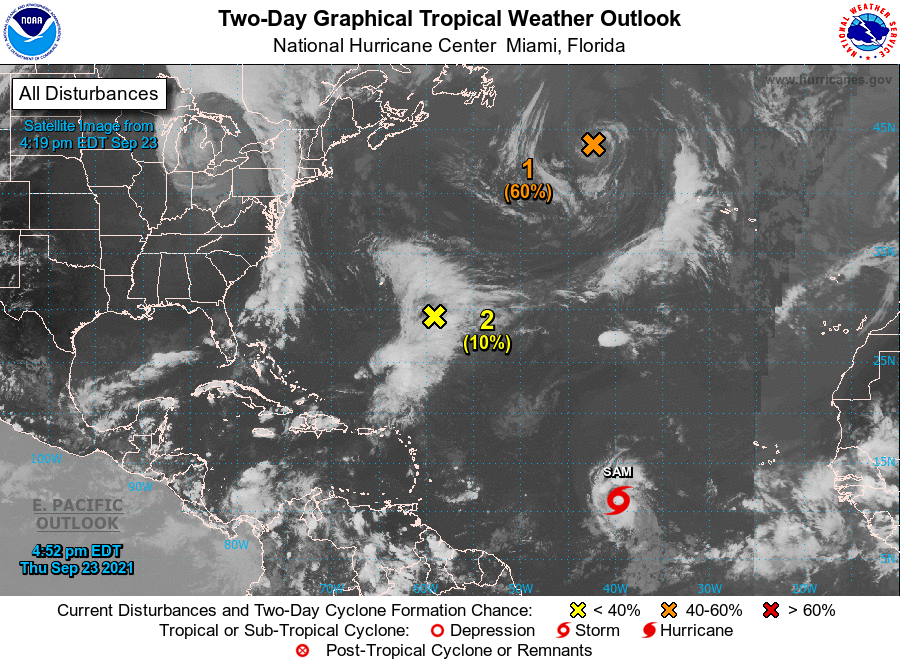
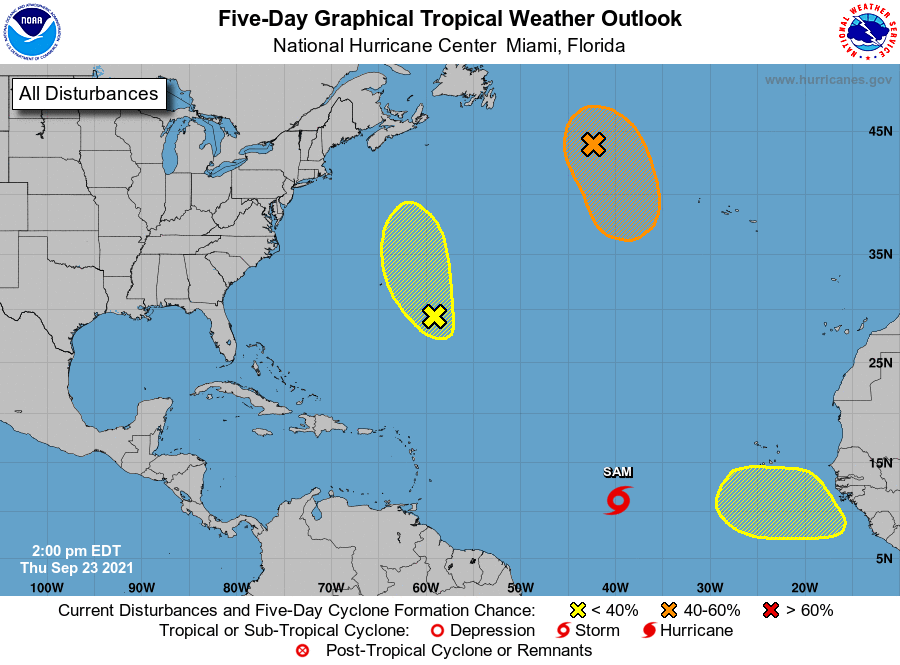
For the North Atlantic...Caribbean Sea and the Gulf of Mexico:

The National Hurricane Center is issuing advisories on recently upgraded Tropical Storm Sam, located about 1700 miles east-southeast of the northern Leeward Islands.

1. A gale-force, non-tropical low pressure system, the remnants of Odette, is located a little more than 600 miles west-northwest of the westernmost Azores. While showers and thunderstorms remain limited near the low, only a small increase in this activity could result in the formation of a subtropical or tropical cyclone while it moves generally southward over marginally warmer waters during the next day or so. Strong upper-level winds are expected to develop over the system beginning tomorrow, which should then limit further development. Additional information on this system, including gale warnings, can be found in High Seas Forecasts issued by the National Weather Service.
* Formation chance through 48 hours...medium...60 percent.
* Formation chance through 5 days...medium...60 percent.

2. A surface trough of low pressure has developed in association with a large area of showers and thunderstorms located a few hundred miles southeast of Bermuda. This feature is interacting with an upper-level trough, and some tropical or subtropical development could occur in the next day or two as this feature moves generally north-northwestward. Strong upper-level winds should prohibit further development by this weekend.
* Formation chance through 48 hours...low...10 percent.
* Formation chance through 5 days...low...10 percent.

3. A tropical wave is expected to move off the west coast of Africa by the end of this weekend. Thereafter, environmental conditions are forecast to be conducive for gradual development of this system as it moves westward at 10 to 15 mph over the far east Atlantic.
* Formation chance through 48 hours...low...near 0 percent.
* Formation chance through 5 days...low...30 percent.

Public Advisories on Tropical Storm Sam are issued under WMO header WTNT33 KNHC and under AWIPS header MIATCPAT3. Forecast/Advisories on Tropical Storm Sam are issued under WMO header WTNT23 KNHC and under AWIPS header MIATCMAT3.

High Seas Forecasts issued by the National Weather Service can be found under AWIPS header NFDHSFAT1, WMO header FZNT01 KWBC, and online at ocean.weather.gov/shtml/NFDHSFAT1.php

Forecaster Papin